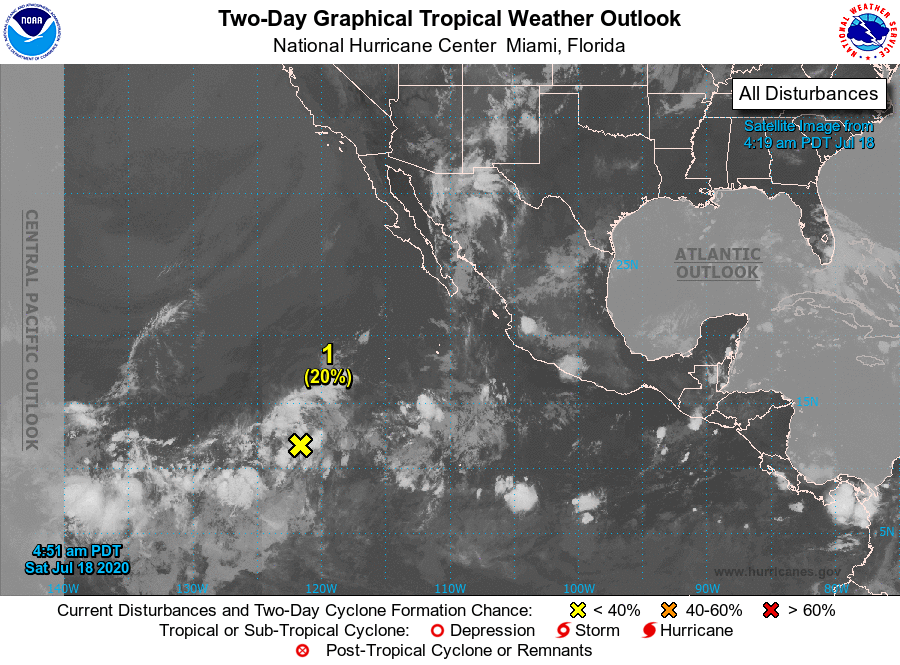
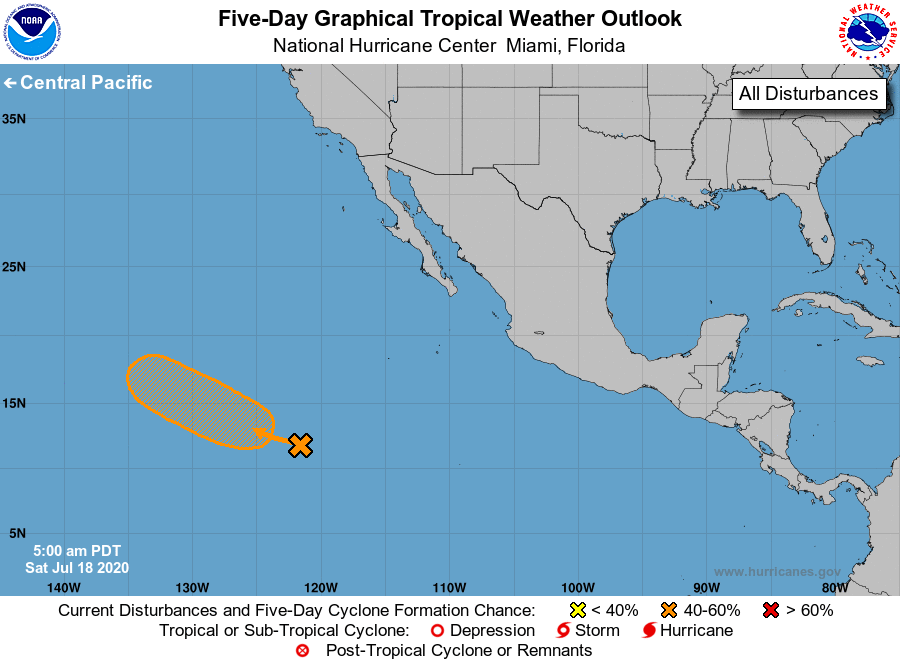
For the eastern North Pacific...east of 140 degrees west longitude:

1. Disorganized showers and thunderstorms located about 1000 miles southwest of the southern tip of the Baja California peninsula are associated with a tropical wave. This system is expected to move west-northwestward, and some development is possible late this weekend and early next week before it moves into less favorable environmental conditions.
* Formation chance through 48 hours...low...20 percent.
* Formation chance through 5 days...medium...40 percent.

Forecaster Beven